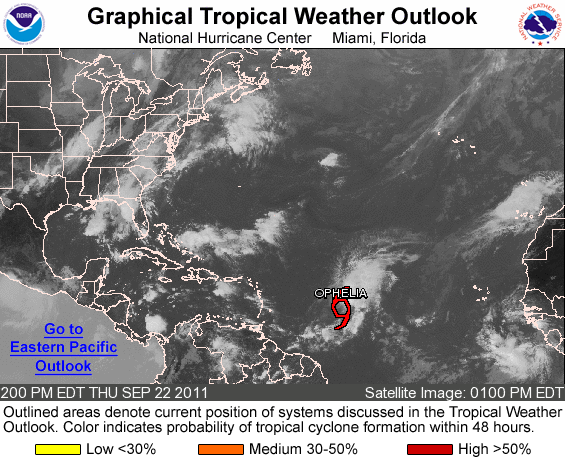
FOR THE NORTH ATLANTIC...CARIBBEAN SEA AND THE GULF OF MEXICO...

THE NATIONAL HURRICANE CENTER IS ISSUING ADVISORIES ON TROPICAL STORM OPHELIA...LOCATED ABOUT 975 MILES EAST-SOUTHEAST OF THE LEEWARD ISLANDS.

ELSEWHERE...TROPICAL CYCLONE FORMATION IS NOT EXPECTED DURING THE NEXT 48 HOURS.

FORECASTER PASCH